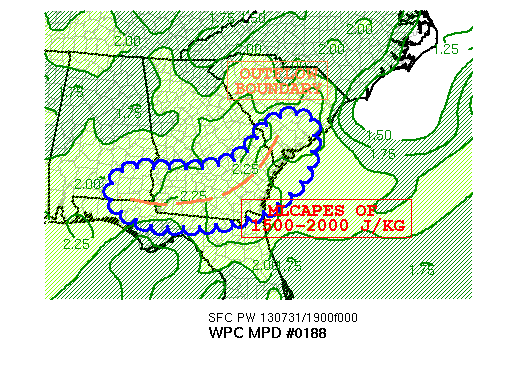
AREAS AFFECTED...SOUTHERN GA/NORTHERN FL/COASTAL SC...

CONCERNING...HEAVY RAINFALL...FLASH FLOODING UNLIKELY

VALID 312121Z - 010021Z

SUMMARY...SLOW-MOVING CONVECTIVE ELEMENTS REMAIN A FOCUS FOR HEAVY
RAINFALL ALONG THE GA/SC COAST AND EXTENDING ALONG THE GA/FL
PANHANDLE BORDER. HOWEVER...WIDESPREAD FLASH FLOODING IS UNLIKELY
GIVEN HIGH FFG VALUES IN PLACE.

DISCUSSION...CONVECTIVE ACTIVITY WHICH HAS BEEN ONGOING ACROSS THE
SOUTHEASTERN U.S. HAS GRADUALLY MERGED WITH THUNDERSTORMS WHICH
DEVELOPED ALONG THE DIURNALLY-DRIVEN SEA BREEZE BOUNDARIES. THE
STORM MOTIONS HAVE REMAINED RELATIVELY SLOW AND GENERALLY TOWARD
THE NORTHEAST. THE 20Z RAP SUGGESTS THE CONVECTION IS OCCURRING
OVER A REGION WHICH STILL HAS PLENTY OF INSTABILITY TO WORK WITH
GIVEN MLCAPES OF 1500-2000 J/JG WITHOUT MUCH INHIBITION.
ADDITIONALLY...THESE PARAMETERS DO NOT APPEAR TO CHANGE MUCH
THROUGH NIGHTFALL WHICH SHOULD ALLOW THE CONVECTION TO PERSIST
BEYOND 00Z. THE STRONGEST ACTIVITY CONTINUES TO FOCUS ALONG AN
OUTFLOW BOUNDARY WHERE THE LOW-LEVEL CONVERGENCE HAS BEEN
MAXIMIZED. THERE IS LITTLE REASON TO BELIEVE THE NATURE OF THE
CONVECTION SHOULD CHANGE MUCH IN THE MEANWHILE ALTHOUGH FLASH
FLOODING REMAINS UNLIKELY GIVEN RATHER HIGH FFG VALUES. THE
CHARLESTON SC RADAR INDICATES 1 TO 2 INCH HOURLY RAINFALL RATES
ALONG THE AXIS OF SURFACE OUTFLOW WITH STORM TOTAL ESTIMATES
HAVING EXCEEDED 4 INCHES. IN GENERAL...HIGH RES MODELS HAVE
STRUGGLED WITH THE EVOLUTION OF THE EVENT SO MOST OF THE
ASSESSMENT AND SHORT-TERM FORECAST HAVE BEEN BASED ON RADAR
TRENDS...DUAL-POL QPE ESTIMATES...AND STORM MODE.